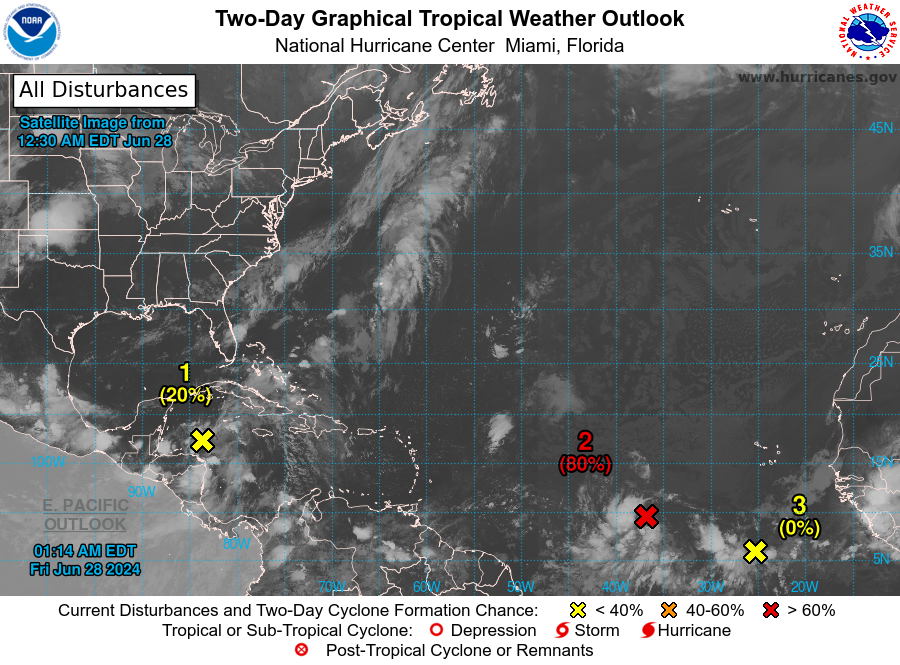
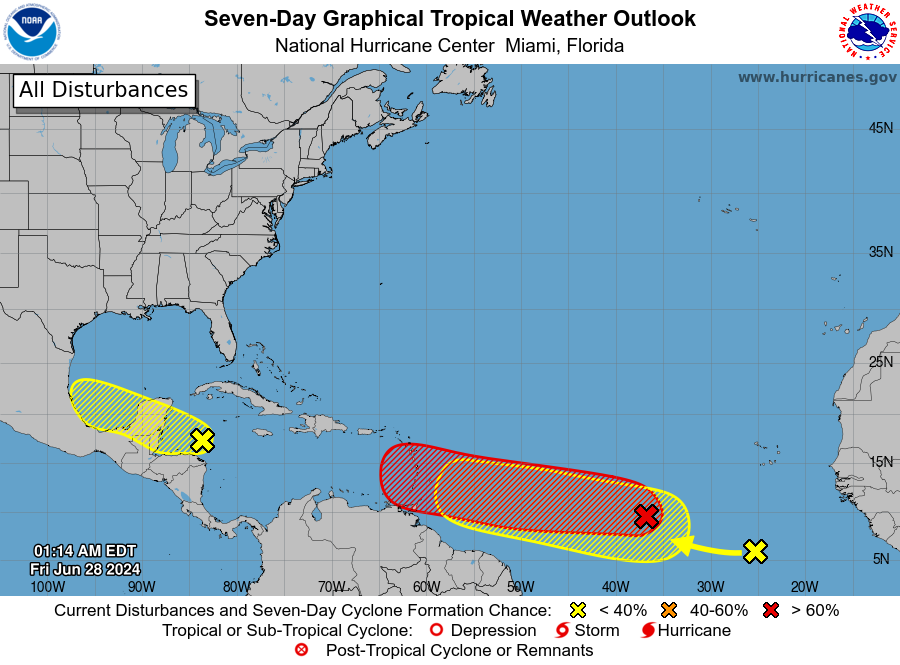
For the North Atlantic...Caribbean Sea and the Gulf of Mexico:

1. Western Caribbean/Southwestern Gulf of Mexico (AL94): A broad area of low pressure over the western Caribbean Sea is producing widespread but disorganized shower and thunderstorm activity while it moves west-northwestward at around 15 mph. Some development of this system is possible over the northwestern Caribbean Sea or over the southwestern Gulf of Mexico during the next few days.
* Formation chance through 48 hours...low...20 percent.
* Formation chance through 7 days...low...30 percent.

2. Central Tropical Atlantic (AL95): Showers and thunderstorms continue to show signs of organization in association with a tropical wave located several hundred miles west-southwest of the Cabo Verde Islands. Environmental conditions appear conducive for additional development, and a tropical depression or tropical storm is likely to form over the next day or two. This system is expected to move westward at 15 to 20 mph towards the Windward Islands. Interests in the Lesser Antilles should monitor the progress of this system.
* Formation chance through 48 hours...high...80 percent.
* Formation chance through 7 days...high...90 percent.

3. Eastern Tropical Atlantic: A tropical wave centered a few hundred miles south-southwest of the Cabo Verde Islands is producing disorganized showers and thunderstorms. Some slow development of this system is possible early next week while it moves generally westward across the central and western tropical Atlantic at 15 to 20 mph.
* Formation chance through 48 hours...low...near 0 percent.
* Formation chance through 7 days...low...20 percent.

Forecaster Kelly